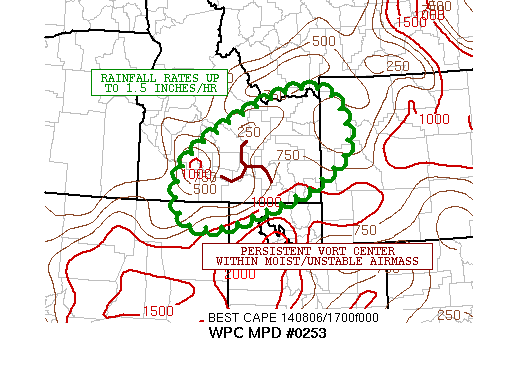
AREAS AFFECTED...FAR NORTHEAST NV...CENTRAL/SOUTHEAST ID...FAR
NORTHWEST UT...FAR WESTERN WY

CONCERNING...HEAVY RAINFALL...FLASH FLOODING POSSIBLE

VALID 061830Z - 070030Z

SUMMARY...AN INCREASE IN SLOW-MOVING CONVECTIVE CELLS ARE EXPECTED
THIS AFTERNOON. THE ANOMALOUS MOISTURE PROFILE OF THE COLUMN WILL
PROMOTE HEAVY RAINFALL RATES AND THE POTENTIAL FOR FLASH FLOODING.

DISCUSSION...THE LATEST WV/IR SAT IMAGERY SHOWS A PERSISTENT MID
LVL VORT CENTER OVER SERN ID WHICH CONTUINUES TO FOSTER A
CONCENTRATED AXIS OF ORGANIZED ASCENT. THIS IS OCCURING WITHIN A
COLUMN OF AN ANOMALOUSLY DEEP MOISTURE. GOES-SOUNDER PWATS ARE ON
THE ORDER OF 1.3 TO 1.5 INCHES ALONG AN AXIS EXTENDING FROM NRN NV
NEWD INTO MUCH OF SERN ID WHICH ARE 2 TO 3 STD DEV ABOVE NORMAL.
THIS IS ALSO ALIGNED IN GENERAL WITH A LARGER SCALE DEFORMATION
ZONE AS DEPICTED BY WV IMAGERY.

ALREADY THERE IS A CONCENTRATED AREA OF MDT RAINS ASSOCD WITH THE
AFOREMENTIONED DYNAMICAL FORCING...BUT THE LATEST VIS SAT IMAGERY
SHOWS AN EXPANDING CU/TCU FIELD OVER SERN ID AND FAR WRN WY ASSOCD
WITH STRONG DIURNAL HEATING. THE LATEST RAP ANALYSIS INDICATES AN
AREA OF SBCAPE VALUES EXCEEDING 1000 J/KG WHICH SHOULD INCREASE A
BIT MORE THROUGH THE AFTERNOON WITH ADDITIONAL SFC HEATING.

THE LATEST EXPERIMENTAL GOES-CI PRODUCT INDICATES A LIKELIHOOD FOR
MORE WIDESPREAD CONVECTIVE INITIATION OVER THE NEXT 1 TO 2
HOURS...AND AS A RESULT IT IS EXPECTED THAT NUMEROUS SHOWERS AND
THUNDERSTORMS DEVELOP OVER THE REGION.

GIVEN THE VERY WEAK PROPOGATION VECTORS AND SUCH AN ANOMALOUS
MOISTURE PROFILE...HEAVY RAINFALL AMTS ARE EXPECTED...AND ESP WITH
RAINFALL RATES THAT MAY APPROACH OR EXCEED 1.5 INCHES/HR.
THEREFORE FLASH FLOODING WILL BE POSSIBLE.